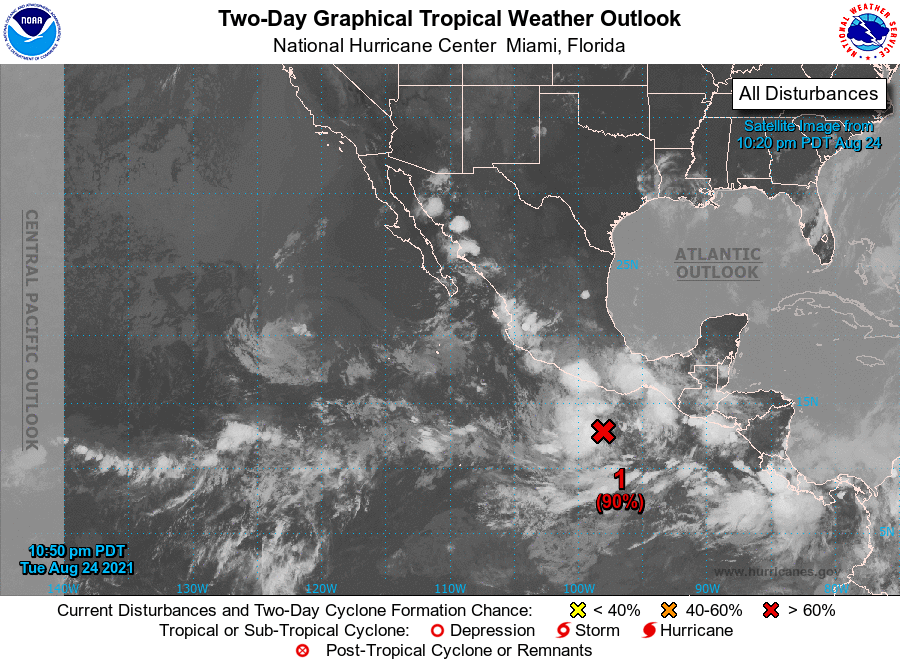
For the eastern North Pacific...east of 140 degrees west longitude:

1. Shower and thunderstorms are becoming better organized in association with a low pressure area located a couple hundred miles south of the southern coast of Mexico. However, recent satellite wind data indicate that the system does not currently have a well-defined circulation. Environmental conditions remain conducive for additional development, and a tropical depression is expected to form during the next day or so. The system is forecast to move westward to west-northwestward at 10 to 15 mph this week, remaining offshore of the coast of southwestern Mexico. Additional information on this system, including gale warnings, can be found in High Seas Forecasts issued by the National Weather Service.
* Formation chance through 48 hours...high...90 percent.
* Formation chance through 5 days...high...90 percent.

High Seas Forecasts issued by the National Weather Service can be found under AWIPS header NFDHSFEPI, WMO header FZPN02 KWBC, and on the web at ocean.weather.gov/shtml/NFDHSFEPI.php

Forecaster Beven